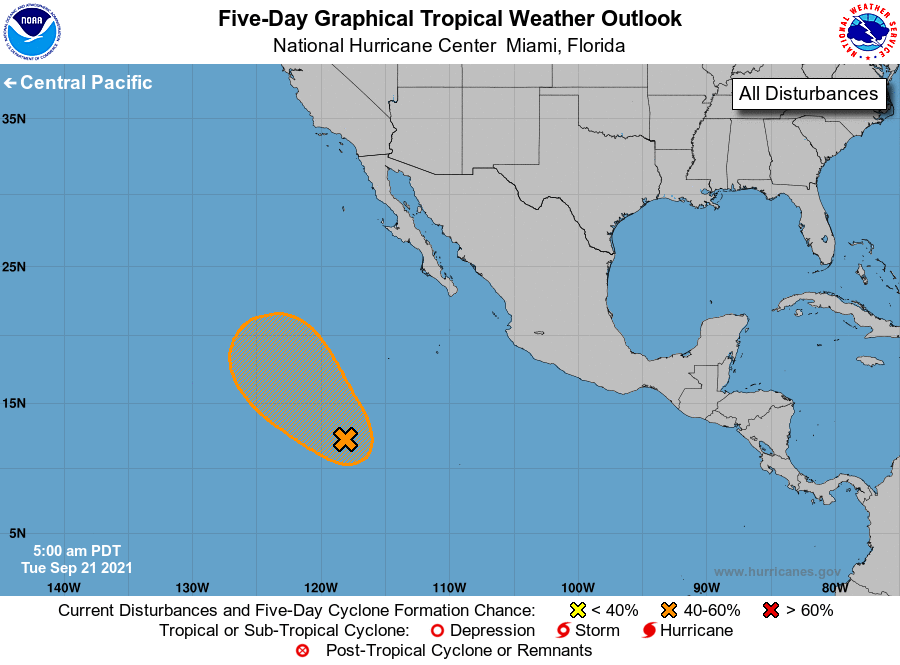
For the eastern North Pacific...east of 140 degrees west longitude:

1. A broad area of low pressure located about 900 miles southwest of the southern tip of the Baja California peninsula is producing disorganized shower activity. Environmental conditions are forecast to be somewhat conducive for development, and a short-lived tropical cyclone could form in 2 or 3 days while the system moves generally northwestward at 10 to 15 mph. By the weekend, however, the system is forecast to move over cooler waters and into a more stable environment, which should inhibit further development.
* Formation chance through 48 hours...low...30 percent.
* Formation chance through 5 days...medium...50 percent.

Forecaster Blake